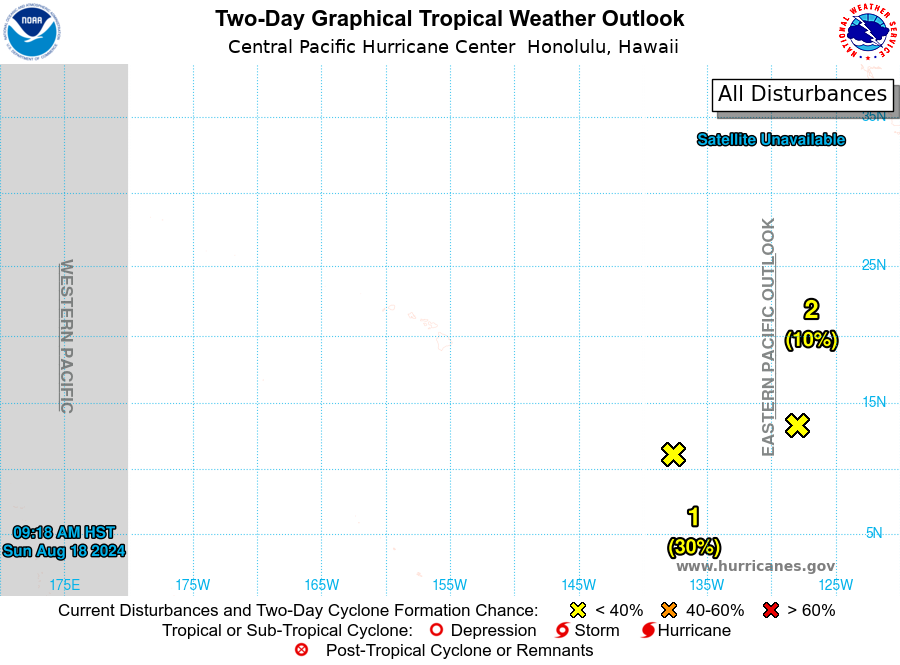
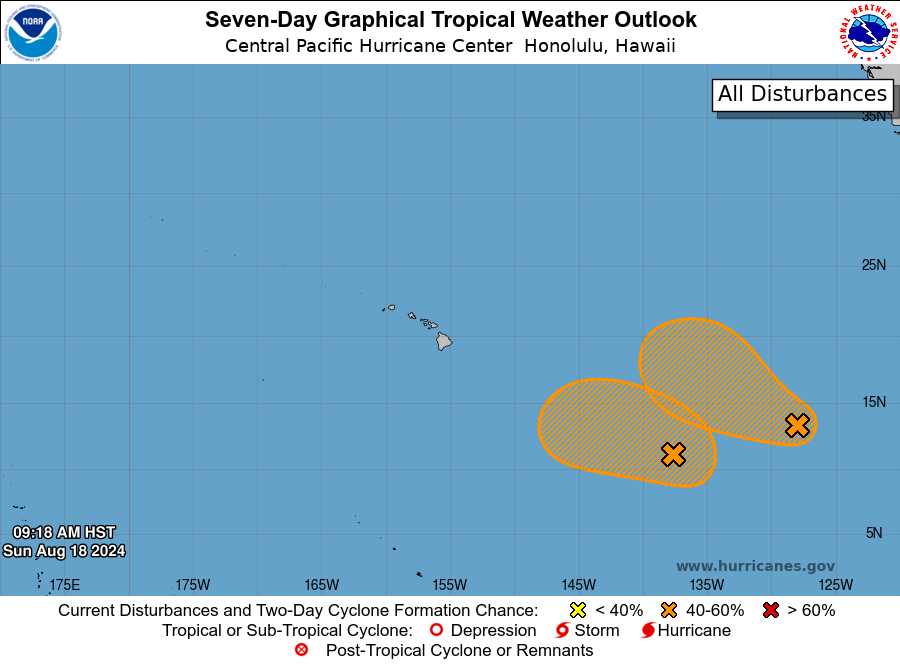
For the central North Pacific...between 140W and 180W:

1. Approximately 1300 miles southeast of Hilo, Hawaii: An area of low pressure located far southeast of the Hawaiian Islands is producing some disorganized showers and thunderstorms on its western side. This disturbance is forecast to interact with the disturbance located to its east (mentioned below). If this system becomes the dominant disturbance, some gradual development is possible, and a tropical depression could form by the middle part of the week as it moves slowly over the western portion of the East Pacific. A faster west-northwestward motion into the Central Pacific basin is likely by the latter portion of the week.
* Formation chance through 48 hours...low...30 percent.
* Formation chance through 7 days...medium...50 percent.

2. Approximately 1800 miles southeast of Hilo, Hawaii: Disorganized showers and thunderstorms continue in association with a broad trough of low pressure located well west-southwest of the southern tip of the Baja California peninsula. This system is forecast to interact with another disturbance to its west-southwest (mentioned above) over the next few days, which could limit additional development if this system does not become the dominant disturbance. Regardless, a tropical depression could still form during the middle part of the week. This system will generally move west-northwestward before it possibly merges with the disturbance (mentioned above).
* Formation chance through 48 hours...low...10 percent.
* Formation chance through 7 days...medium...40 percent.

Elsewhere, no tropical cyclones are expected during the next 7 days.

Forecaster Blood